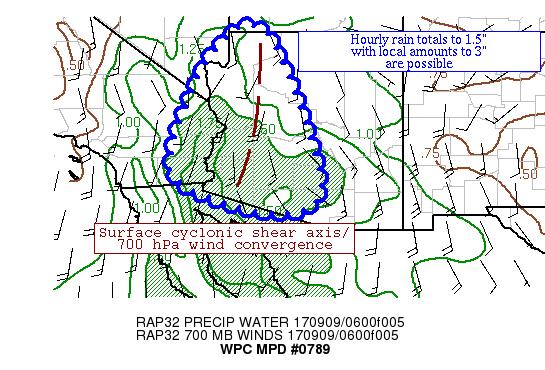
AREAS AFFECTED...WESTERN AZ & VICINITY

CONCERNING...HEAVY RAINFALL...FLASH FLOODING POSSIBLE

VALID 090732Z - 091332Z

SUMMARY...AN INCOMING UPPER LOW IS TAPPING AN AREA OF INSTABILITY
WITHIN A MOIST ENVIRONMENT.  HOURLY RAIN TOTALS TO 1.5" WITH LOCAL
AMOUNTS TO 3" ARE POSSIBLE.

DISCUSSION...RECENT INFRARED SATELLITE AND RADAR IMAGERY HAS
SHOWED RENEWED CONVECTION ACROSS PORTIONS OF WESTERN AZ.  THIS IS
AHEAD OF AN UPPER LOW LOCATED NEAR SAN FRANCISCO, WHICH IS TAPPING
MU CAPE VALUES OF 500-2000 J/KG.  INFLOW AT 700 HPA ACROSS WESTERN
AZ IS CONVERGENT AT ~15 KTS, WHICH APPEARS TO MANIFEST AS A ZONE
OF CYCLONIC WIND SHEAR AT THE SURFACE.  EFFECTIVE BULK SHEAR OF
20-25 KTS LIES ACROSS THE REGION, WHICH WHEN COMBINED WITH THE
UNIDIRECTIONAL FLOW WITH HEIGHT IS CREATING SHORT TRAINING BANDS.
PRECIPITABLE WATER VALUES ARE 1-1.7" PER RECENT GPS DATA.

THE MESOSCALE GUIDANCE SHOWS SOME UPTICK IN CONVECTION INTO THE
MORNING HOURS, WHICH APPEARS TO BE SUBSTANTIATED BY RECENT
SATELLITE AND RADAR TRENDS.  THERE IS A GOOD SIGNAL FOR LOCAL
AMOUNTS OF 2-3".  HOURLY RAIN TOTALS COULD REACH 1.5" WITHIN THE
TRAINING BANDS.  THIS COULD LEAD TO ISSUES WITHIN WASHES AND URBAN
AREAS.